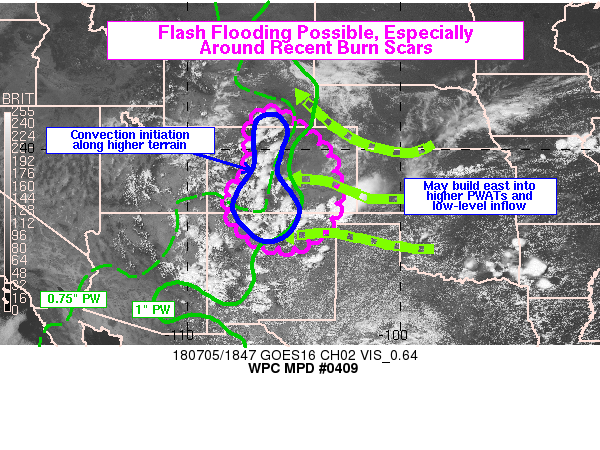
AREAS AFFECTED...COLORADO...NRN NEW MEXICO...FAR SE WYOMING

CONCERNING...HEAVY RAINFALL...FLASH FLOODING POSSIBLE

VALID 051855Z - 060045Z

SUMMARY...THUNDERSTORMS WERE BEGINNING TO DEVELOP AROUND MIDDAY IN
AREAS OF HIGHER TERRAIN FROM COLORADO INTO NORTHERN NEW MEXICO.
THESE SLOW-MOVING STORMS SHOULD CONTINUE TO BUILD IN THESE AREAS
FOR ANOTHER COUPLE HOURS...BEFORE EXPANDING EAST. THE SLOW-MOVING
STORMS MAY PRODUCE RAIN RATES AROUND 1 IN/HR WHICH MAY LEAD TO
FLASH FLOODING. AREAS AROUND RECENT BURN SCARS WOULD BE MOST
LIKELY TO EXPERIENCE FLASH FLOODING.

DISCUSSION...GOES SATELLITE IMAGERY SHOWS CONVECTION BLOSSOMING
ACROSS MUCH OF THE FOUR CORNERS REGION IN AREAS OF HIGHER TERRAIN
AS INSTABILITY GROWS AND CONVERGENCE OF DIURNAL UPSLOPE FLOW
INCREASES. THE MOST CONCENTRATED AREA OF COOLING CLOUD TOPS WAS
FROM CENTRAL COLORADO INTO NORTHERN NEW MEXICO. THIS CONVECTION
SHOULD BE SLOW-MOVING GIVEN THE WEAKNESS IN MID-LEVEL FLOW
CENTERED ON COLORADO. 12Z RAOBS SHOWED ANTICYCLONIC FLOW AROUND
COLORADO AT 500MB (ONLY 8 KNOTS AT DNR). THIS SHOULD ALLOW
CONVECTION INTO THE EARLY AFTERNOON TO BE LARGELY CONCENTRATED
ALONG TERRAIN RIDGES...AND WITH SLOW STORM MOTIONS COULD PRODUCE
LOCALIZED HEAVY RAINFALL AND FLASH FLOODING.

AS THE AFTERNOON PROGRESSES...CONVECTION MAY BEGIN TO BUILD INTO
SOME OF THE ADJACENT VALLEYS AND EAST INTO THE FRONT RANGE AND
HIGH PLAINS IN EAST-CENTRAL COLORADO. STRONGER INSTABILITY AND
HIGHER PWATS ARE CONCENTRATED FURTHER EAST (PARTIALLY AS A
FUNCTION OF ELEVATION)...BUT A BROAD AREA OF EASTERLY 15-20 KNOT
LOW-LEVEL (850MB) INFLOW ALSO EXISTS PER REGIONAL RADAR VWPS. THIS
MAY PLACE SOME OF THE CONVECTION INTO MORE POPULATED AREAS...AND
ALSO INTO SOME PLACES WITH RECENT WILDFIRE BURN SCARS...WHICH MAY
INCREASE THE THREAT OF FLASH FLOODING AND ALSO POTENTIAL IMPACTS.

MODEL ANALYZED PRECIPITABLE WATER VALUES ARE JUST ABOVE THE 90TH
PERCENTILE FOR JULY IN THIS REGION...AND PARTICULARLY FROM THE
EASTERN HALF OF COLORADO INTO SOUTHEAST WYOMING. THE VALUES AROUND
1 INCH ALONG THE EASTERN EDGE OF THE HIGHER TERRAIN WOULD BE
SUPPORTIVE OF RAIN RATES AROUND 1 IN/HR IN THE STRONGER
CONVECTION...AND PERHAPS LOCALLY HIGHER IF STORM MERGERS AND/OR
MOTION CAN FAVORABLY STALL HEAVY RAIN FOR AN EXTENDED PERIOD OF
TIME IN A GIVEN LOCATION. RAIN RATES SUCH AS THIS WOULD BE CAPABLE
OF PRODUCING SOME LOCALIZED FLASH FLOODING ACROSS THE REGION...AND
WOULD BE MORE THAN SUFFICIENT TO PRODUCE FLASH FLOODING AND DEBRIS
FLOWS AROUND BURN SCARS.

THROUGH 00Z...THE STRONGEST HI-RES MODEL QPF SIGNAL IS FROM AROUND
LEADVILLE CO ENE TO THE DENVER METRO AREA (ALSO VERY CLOSE TO THE
CENTER OF THE 500MB ANTICYCLONIC CIRCULATION)...AS WELL AS IN FAR
NC NEW MEXICO FROM NEAR TAOS TO NEAR DES MOINES...PER THE 12Z HREF
AND 16Z HRRR.